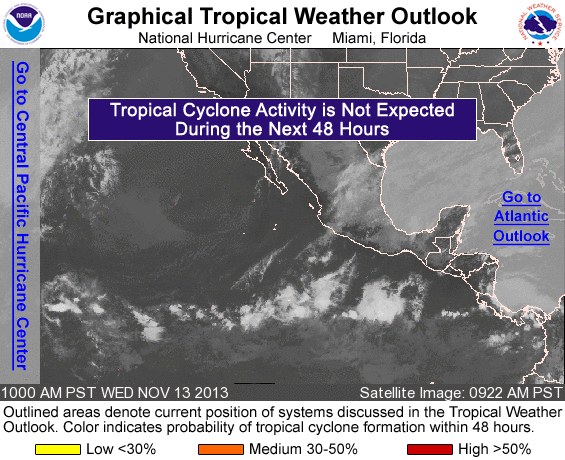
FOR THE EASTERN NORTH PACIFIC...EAST OF 140 DEGREES WEST LONGITUDE..

TROPICAL CYCLONE FORMATION IS NOT EXPECTED DURING THE NEXT 48 HOURS.

OTHER SYSTEMS WITH FORMATION POTENTIAL BEYOND 48 HOURS...

AN AREA OF LOW PRESSURE COULD DEVELOP SEVERAL HUNDRED MILES SOUTHWEST OF THE SOUTHWESTERN COAST OF MEXICO BY EARLY THIS WEEKEND. ENVIRONMENTAL CONDITIONS ARE EXPECTED TO BE ONLY MARGINALLY CONDUCIVE FOR DEVELOPMENT DURING THE NEXT FEW DAYS...AND ARE THEN FORECAST TO BECOME LESS FAVORABLE. THIS SYSTEM HAS A LOW CHANCE...NEAR 0 PERCENT...OF BECOMING A TROPICAL CYCLONE DURING THE NEXT 48 HOURS...AND A LOW CHANCE...20 PERCENT...OF BECOMING A TROPICAL CYCLONE DURING THE NEXT 5 DAYS WHILE IT MOVES NORTHWESTWARD AND THEN NORTHWARD.

&&
FIVE-DAY FORMATION PROBABILITIES ARE EXPERIMENTAL IN 2013. COMMENTS ON THE EXPERIMENTAL FORECASTS CAN BE PROVIDED AT...

HTTP://WWW.NWS.NOAA.GOV/SURVEY/NWS-SURVEY.PHP?CODE=ETWO

FORECASTER KIMBERLAIN